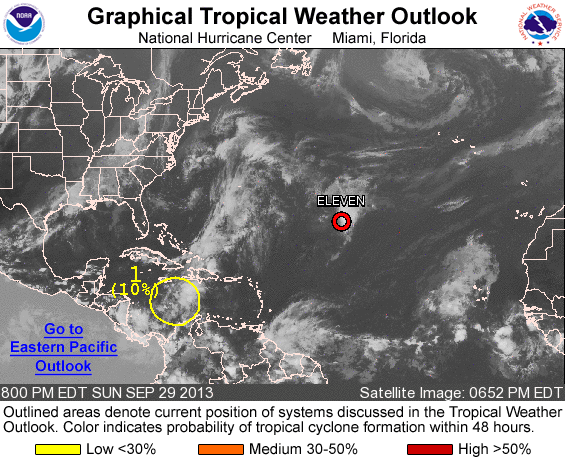
FOR THE NORTH ATLANTIC...CARIBBEAN SEA AND THE GULF OF MEXICO...

THE NATIONAL HURRICANE CENTER IS ISSUING ADVISORIES ON TROPICAL DEPRESSION ELEVEN...LOCATED OVER THE CENTRAL ATLANTIC.

1. CLOUDINESS AND SHOWERS REMAIN DISORGANIZED IN ASSOCIATION WITH A SURFACE TROUGH OVER THE CENTRAL AND SOUTHWESTERN CARIBBEAN SEA. ANY DEVELOPMENT OF THIS DISTURBANCE SHOULD BE SLOW TO OCCUR DURING THE NEXT COUPLE OF DAYS WHILE IT MOVES SLOWLY NORTHWESTWARD...AND THIS SYSTEM HAS A LOW CHANCE...10 PERCENT...OF BECOMING A TROPICAL CYCLONE DURING THE NEXT 48 HOURS. ENVIRONMENTAL CONDITIONS COULD BECOME A LITTLE MORE CONDUCIVE FOR DEVELOPMENT WHEN THE SYSTEM MOVES OVER THE NORTHWESTERN CARIBBEAN SEA AND SOUTHERN GULF OF MEXICO LATER THIS WEEK. THIS SYSTEM HAS A MEDIUM CHANCE...30 PERCENT...OF BECOMING A TROPICAL CYCLONE DURING THE NEXT 5 DAYS. LOCALLY HEAVY RAINFALL AND GUSTY WINDS ARE POSSIBLE OVER PORTIONS OF HAITI AND JAMAICA TONIGHT AND MONDAY...AND WILL LIKELY SPREAD ACROSS THE CAYMAN ISLANDS AND EASTERN CUBA BY EARLY TUESDAY.

FIVE-DAY FORMATION PROBABILITIES ARE EXPERIMENTAL IN 2013. COMMENTS ON THE EXPERIMENTAL FORECASTS CAN BE PROVIDED AT...

HTTP://WWW.NWS.NOAA.GOV/SURVEY/NWS-SURVEY.PHP?CODE=ETWO

FORECASTER CANGIALOSI/BROWN